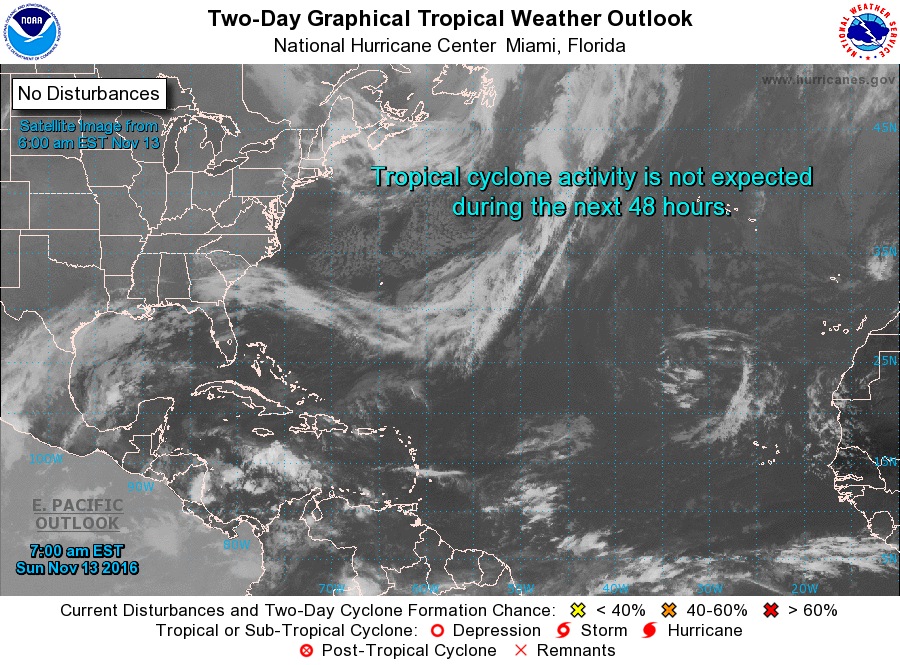
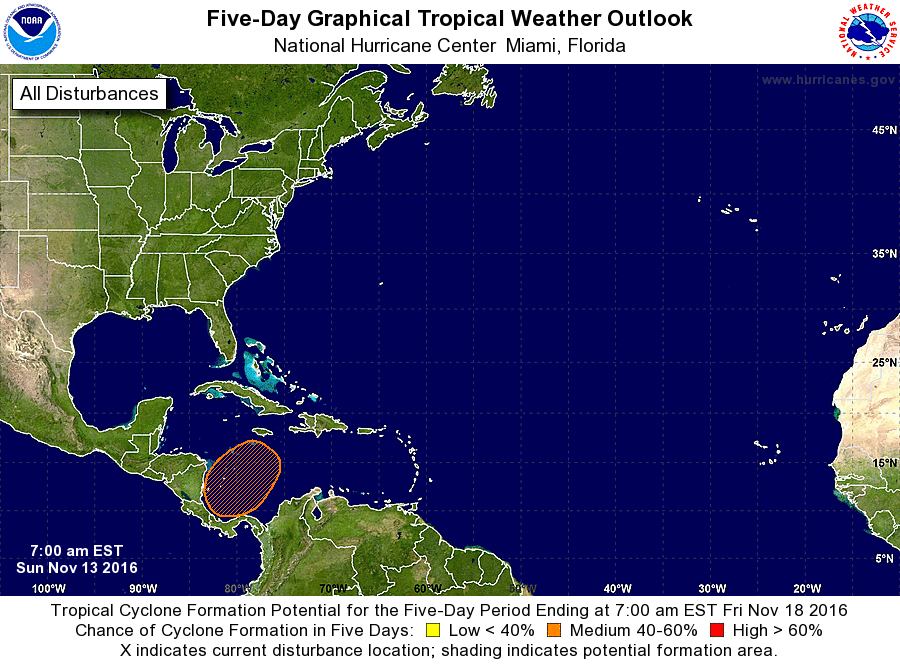
For the North Atlantic...Caribbean Sea and the Gulf of Mexico:

1. A broad area of low pressure is expected to gradually form over the southwestern Caribbean Sea during the next few days. Environmental conditions are forecast to be conducive for slow development of this system, and a tropical depression could form later this week while the low drifts northward or northeastward.
* Formation chance through 48 hours...low...near 0 percent
* Formation chance through 5 days...medium...60 percent

Forecaster Stewart